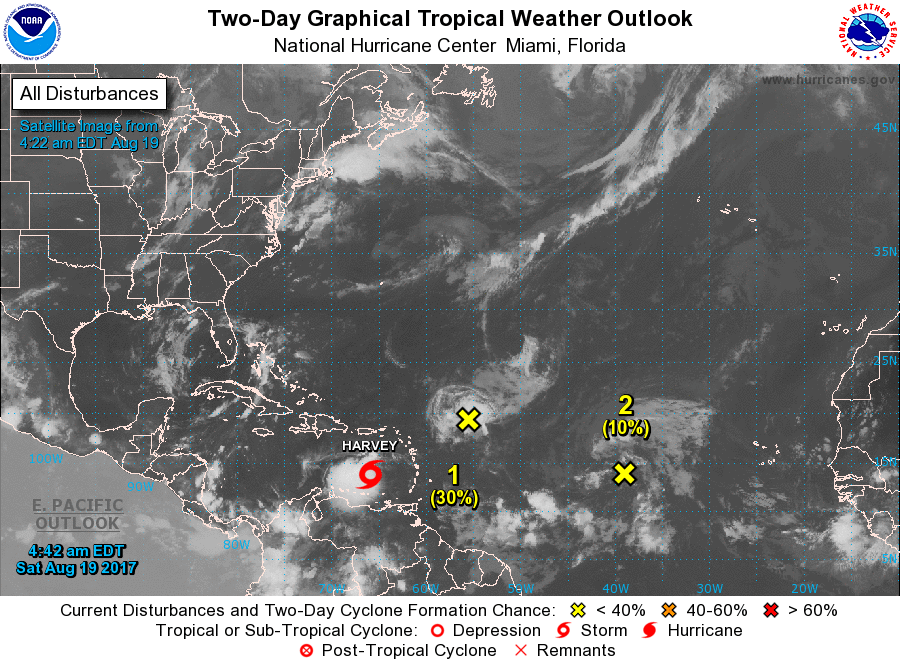
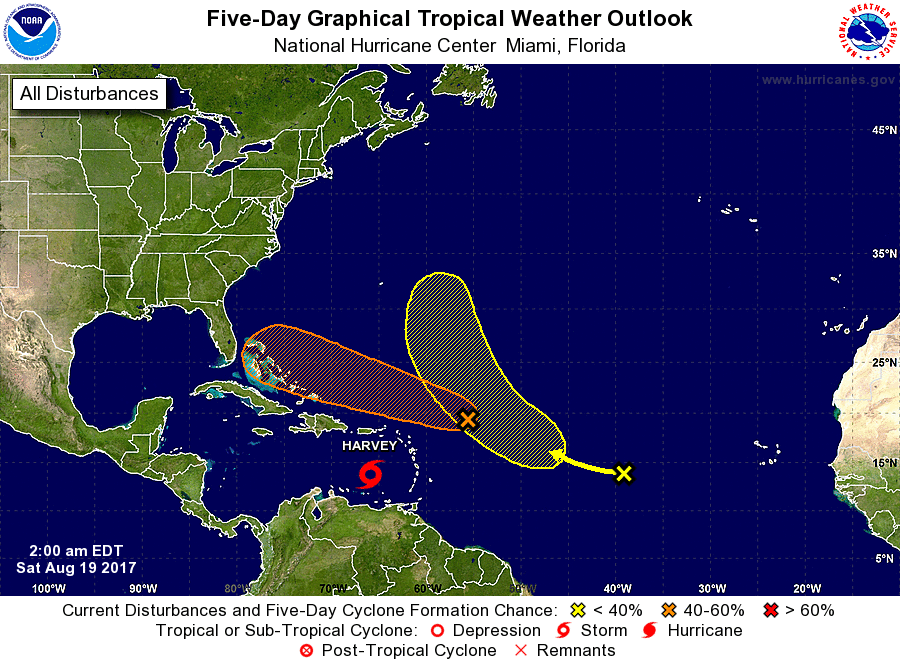
For the North Atlantic...Caribbean Sea and the Gulf of Mexico:

The National Hurricane Center is issuing advisories on Tropical Storm Harvey, located over the eastern Caribbean Sea.

1. A trough of low pressure located about 400 miles east-northeast of the northern Leeward Islands continues to produce disorganized showers and thunderstorms. Environmental conditions are expected to be only marginally conducive for development during the next few days while this system moves west-northwestward at about 20 mph.
* Formation chance through 48 hours...low...30 percent.
* Formation chance through 5 days...medium...40 percent.

2. A tropical wave located over the eastern Atlantic Ocean about midway between the Lesser Antilles and Africa is producing some shower and thunderstorm activity. Environmental conditions appear somewhat conducive for gradual development over the next few days while the system moves west-northwestward to northwestward at about 20 mph, but upper-level winds are forecast to become unfavorable by the middle of next week.
* Formation chance through 48 hours...low...10 percent.
* Formation chance through 5 days...low...30 percent.

Forecaster Blake